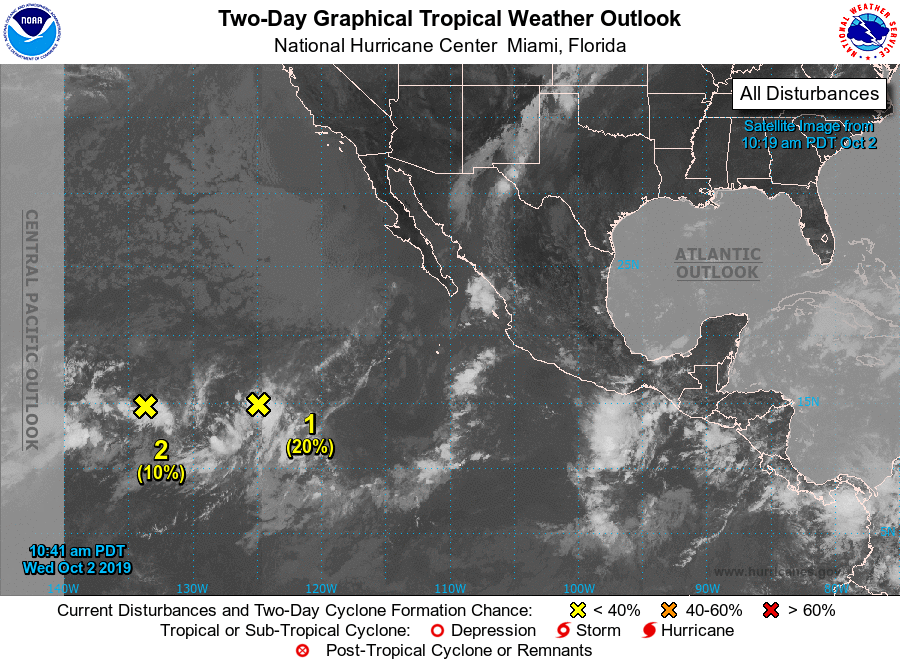
For the eastern North Pacific...east of 140 degrees west longitude:

1. A low pressure system, located a little more than 1000 miles southwest of the southern tip of the Baja California peninsula, is producing disorganized showers and thunderstorms. Gradual development of this system is possible and a tropical depression could form during the next several days while the system moves slowly westward.
* Formation chance through 48 hours...low...20 percent.
* Formation chance through 5 days...medium...40 percent.

2. Another weak area of low pressure, located about 1500 miles west-southwest of the southern tip of the Baja California peninsula, is producing disorganized showers. Some slight development of the system is possible during the next day or two while it drifts generally westward.
* Formation chance through 48 hours...low...10 percent.
* Formation chance through 5 days...low...10 percent.

Forecaster Zelinsky